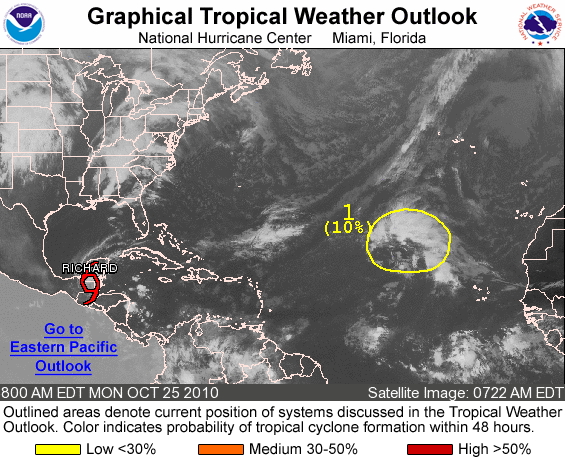
FOR THE NORTH ATLANTIC...CARIBBEAN SEA AND THE GULF OF MEXICO...

THE NATIONAL HURRICANE CENTER IS ISSUING ADVISORIES ON WEAKENING TROPICAL STORM RICHARD...LOCATED INLAND ABOUT 155 MILES SOUTH-SOUTHEAST OF CAMPECHE MEXICO.

1. A LARGE AREA OF SHOWERS AND THUNDERSTORMS LOCATED OVER THE EASTERN TROPICAL ATLANTIC IS ASSOCIATED WITH AN UPPER-LEVEL LOW AND A WEAK SURFACE LOW PRESSURE AREA LOCATED ABOUT 1000 MILES WEST-NORTHWEST OF THE CAPE VERDE ISLANDS. THE UPPER-LEVELS WINDS COULD BECOME A LITTLE MORE CONDUCIVE FOR DEVELOPMENT OVER THE NEXT COUPLE OF DAYS. THERE IS A LOW CHANCE...10 PERCENT...OF THIS SYSTEM BECOMING A TROPICAL OR SUBTROPICAL CYCLONE DURING THE NEXT 48 HOURS AS IT MOVES WEST-NORTHWESTWARD OR NORTHWESTWARD AT 10 MPH.

ELSEWHERE...TROPICAL CYCLONE FORMATION IS NOT EXPECTED DURING THE NEXT 48 HOURS.

FORECASTER ROBERTS/PASCH